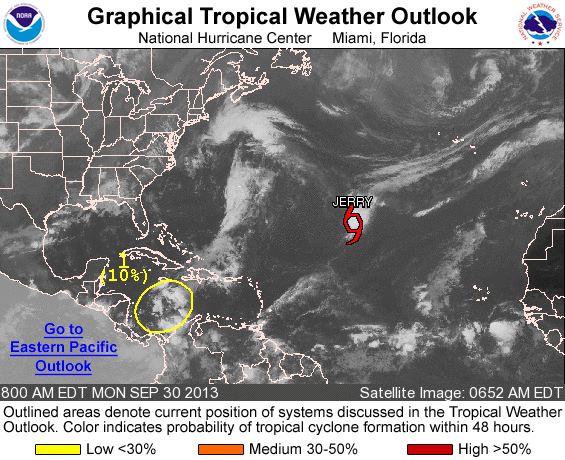
FOR THE NORTH ATLANTIC...CARIBBEAN SEA AND THE GULF OF MEXICO...

THE NATIONAL HURRICANE CENTER IS ISSUING ADVISORIES ON TROPICAL DEPRESSION ELEVEN...LOCATED OVER THE CENTRAL ATLANTIC.

1. A BROAD AREA OF LOW PRESSURE LOCATED A COUPLE OF HUNDRED MILES SOUTH-SOUTHWEST OF JAMAICA IS ACCOMPANIED BY SHOWERS AND THUNDERSTORMS. THIS DISTURBANCE REMAINS DISORGANIZED...AND DEVELOPMENT...IF ANY...SHOULD BE SLOW TO OCCUR OVER THE NEXT COUPLE OF DAYS WHILE IT MOVES SLOWLY NORTHWESTWARD. THIS SYSTEM HAS A LOW CHANCE...10 PERCENT...OF BECOMING A TROPICAL CYCLONE DURING THE NEXT 48 HOURS. ENVIRONMENTAL CONDITIONS ARE EXPECTED TO BE MARGINALLY CONDUCIVE FOR SOME DEVELOPMENT WHEN THE SYSTEM MOVES OVER THE NORTHWESTERN CARIBBEAN SEA AND THE SOUTHERN GULF OF MEXICO LATER THIS WEEK. THIS SYSTEM HAS A MEDIUM CHANCE...30 PERCENT...OF BECOMING A TROPICAL CYCLONE DURING THE NEXT 5 DAYS. LOCALLY HEAVY RAINFALL IS POSSIBLE OVER PORTIONS OF HAITI AND JAMAICA TODAY...AND WILL LIKELY SPREAD ACROSS THE CAYMAN ISLANDS AND EASTERN CUBA ON TUESDAY.

FIVE-DAY FORMATION PROBABILITIES ARE EXPERIMENTAL IN 2013. COMMENTS ON THE EXPERIMENTAL FORECASTS CAN BE PROVIDED AT... HTTP://WWW.NWS.NOAA.GOV/SURVEY/NWS-SURVEY.PHP?CODE=ETWO

FORECASTER PASCH